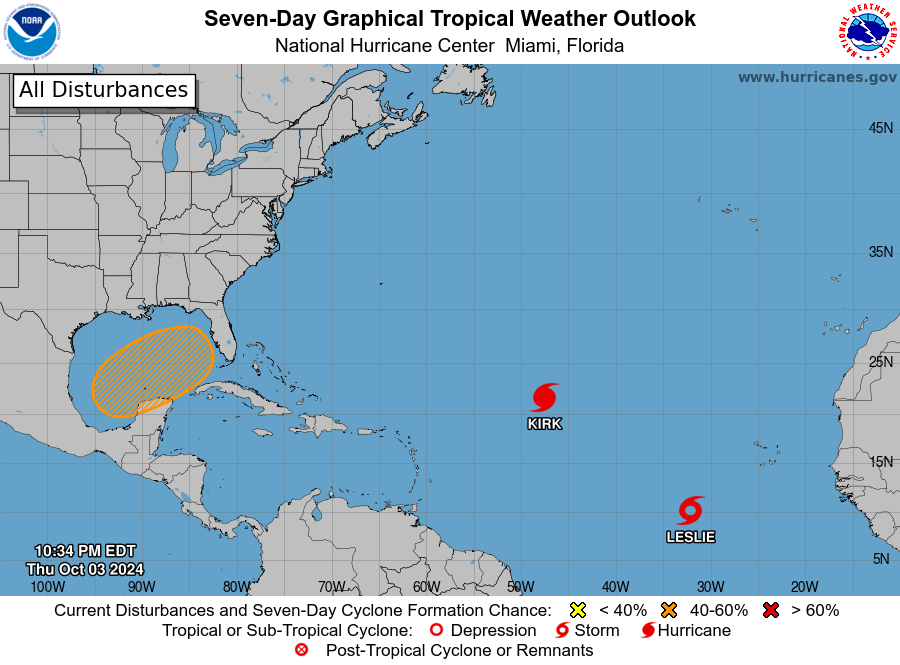
For the North Atlantic...Caribbean Sea and the Gulf of Mexico:

Active Systems: The National Hurricane Center is issuing advisories on Hurricane Kirk, located over the central subtropical Atlantic Ocean, and on Tropical Storm Leslie, located over the eastern tropical Atlantic Ocean.

1. Gulf of Mexico: A trough of low pressure is producing a large area of disorganized showers and thunderstorms over portions of the central and western Gulf of Mexico. A broad area of low pressure is expected to form over the south-central or southwestern Gulf of Mexico this weekend. Gradual development is possible after the low develops, and a tropical or subtropical depression or storm could form during the early or middle portions of next week while the low moves slowly eastward. Regardless of development, locally heavy rains could occur over portions of Mexico during the next few days and over portions of the Florida Peninsula from late this weekend into next week.
* Formation chance through 48 hours...low...near 0 percent.
* Formation chance through 7 days...medium...40 percent.

Forecaster Cangialosi